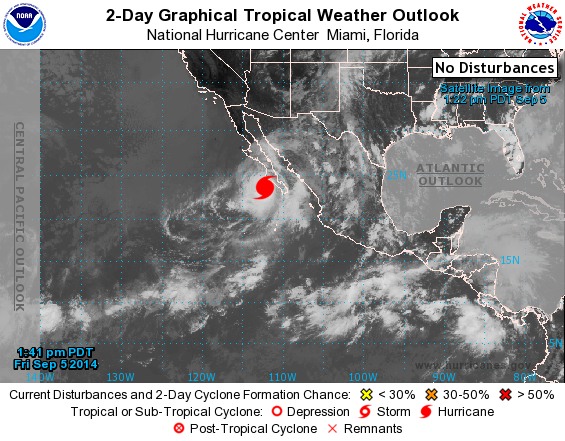
For the eastern North Pacific...east of 140 degrees west longitude:

The National Hurricane Center is issuing advisories on Hurricane Norbert, located offshore of the southern tip of the Baja California peninsula.

1. An area of low pressure is expected to form a few hundred miles south or southwest of the southern coast of Mexico over the weekend or early next week. Environmental conditions in this region should be conducive for gradual development.
* Formation chance through 48 hours...low...near 0 percent.
* Formation chance through 5 days...medium...40 percent.

Forecaster Kimberlain